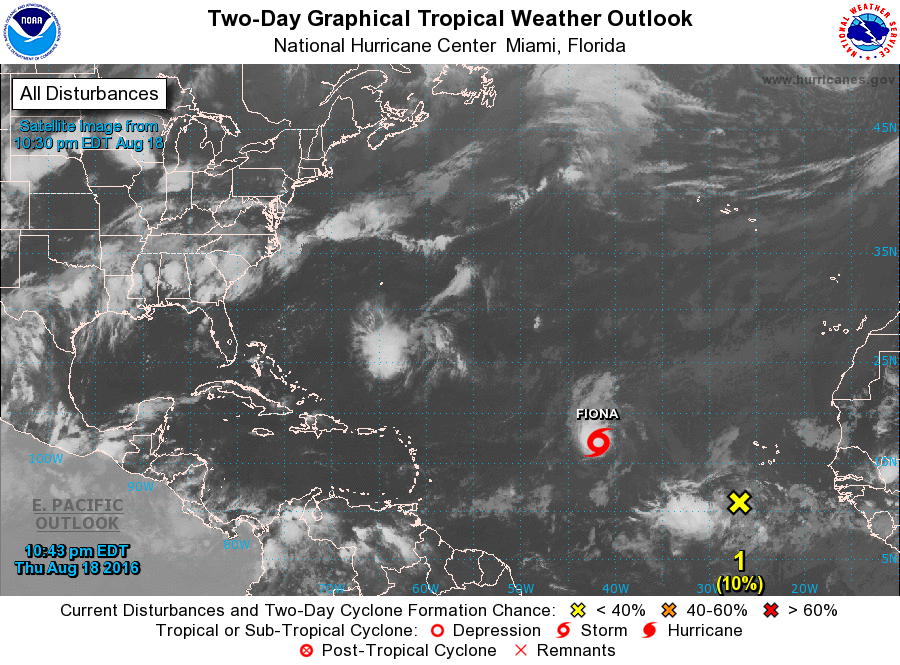
For the North Atlantic...Caribbean Sea and the Gulf of Mexico:

The National Hurricane Center is issuing advisories on Tropical Storm Fiona, located over the central tropical Atlantic.

1. A tropical wave located about 300 miles southwest of the Cabo Verde Islands is producing an elongated area of cloudiness and disorganized shower activity. Environmental conditions are expected to be conducive for gradual development of this disturbance through early next week while it moves westward at about 15 mph across the tropical Atlantic Ocean.
* Formation chance through 48 hours...low...10 percent
* Formation chance through 5 days...medium...40 percent

2. A tropical wave is forecast to move off of the coast of Africa on Saturday. Environmental conditions appear conducive for gradual development of this system early next week while it moves generally westward over the eastern tropical Atlantic Ocean.
* Formation chance through 48 hours...low...near 0 percent
* Formation chance through 5 days...low...30 percent

Forecaster Berg